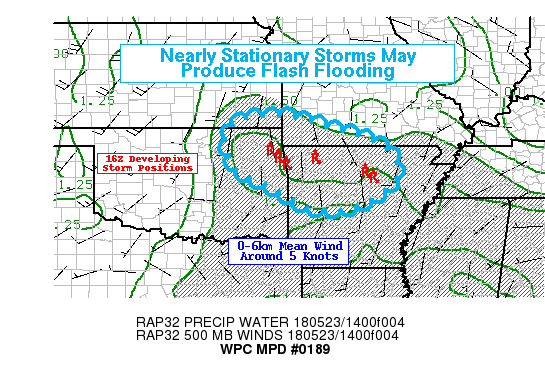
AREAS AFFECTED...NE OK...NW/NC AR...FAR SW MO...FAR SE KS

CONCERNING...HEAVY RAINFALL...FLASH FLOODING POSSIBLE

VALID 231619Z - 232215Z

SUMMARY...THUNDERSTORMS ARE BEGINNING TO INITIATE ACROSS THE
SOUTHERN EXTENT OF THE OZARKS REGION...AND GIVEN WEAK WINDS
THROUGH MUCH OF THE ATMOSPHERE TODAY...MAY BE NEARLY STATIONARY AT
TIMES. THIS SHOULD LEAD TO MAXIMUM RAINFALL RATES AROUND 2 IN/HR
WITH A THREAT OF FLASH FLOODING.

DISCUSSION...CONVECTIVE INITIATION BEGAN ACROSS NORTHEAST OKLAHOMA
BETWEEN 15Z AND 16Z AND NEW UPDRAFTS HAVE RECENTLY FORMED IN
NORTHERN ARKANSAS AS WELL. THESE THUNDERSTORMS WERE FORMING IN A
VERY MOIST ENVIRONMENT WITH CIRA BLENDED TPW...RAP ANALYSIS...AND
A RECENT GPS OBSERVATION INDICATING PRECIPITABLE WATER VALUES
AROUND 1.8 INCHES. THESE VALUES ARE SOMEWHAT ANOMALOUS FOR MAY
RELATIVE TO CLIMATOLOGICAL AVERAGES...AROUND OR JUST ABOVE THE
95TH PERCENTILE. THE ELEVATED PWATS ALSO HAPPEN TO COINCIDE WITH A
MINIMUM (570DM) IN 1000-500 MB THICKNESS... SUGGESTING THEY ARE
ALSO RELATIVELY HIGH FOR THE TEMPERATURE PROFILE IN PLACE ACROSS
THE REGION AND PRODUCING A MEAN 1000-500 MB RH OF AROUND 80-85
PERCENT.

THE NEARLY SATURATED LOW-MID LEVEL ENVIRONMENT ACROSS THE REGION
ALSO COINCIDES WITH VERY WEAK FLOW THROUGH THE DEPTH OF THE
TROPOSPHERE. RAP FORECAST SOUNDINGS FROM NEAR THE NORTHERN OK-AR
BORDER REGION SHOW MEAN LFC-EQL FLOW ON THE ORDER OF 5 KNOTS (FROM
THE SOUTH). THIS SHOULD LEAD TO NEARLY STATIONARY CONVECTIVE
CLUSTERS AT TIMES...WITH PROPAGATION ALSO HEAVILY INFLUENCED BY
CONVECTIVE OUTFLOWS. HOWEVER...GIVEN THE DEEP MOIST PROFILE...IT
ALSO DOES NOT APPEAR THAT COLD POOLS WOULD BE ABLE TO
SIGNIFICANTLY ACCELERATE ANY CONVECTIVE CLUSTERS OR LINES. AND THE
NEARLY SATURATED PROFILE COMBINED WITH A TALL-SKINNY CAPE
DISTRIBUTION SHOULD PROMOTE MORE EFFICIENT RAINFALL PRODUCTION IN
STORMS. THUS SLOW-MOVING OR MERGING CELLS WOULD CERTAINLY POSE A
RISK FOR FLASH FLOODING IF THEY CAN SUSTAIN HEAVY RAINFALL IN A
GIVEN LOCATION FOR OVER AN HOUR...WITH PEAK RAIN RATES LIKELY TO
REACH AROUND 2 IN/HR. THESE SORT OF RAIN RATES HAVE ALREADY BEEN
OBSERVED ON KSRX DUAL POL RADAR ESTIMATES AND MRMS ESTIMATES AS
WELL.